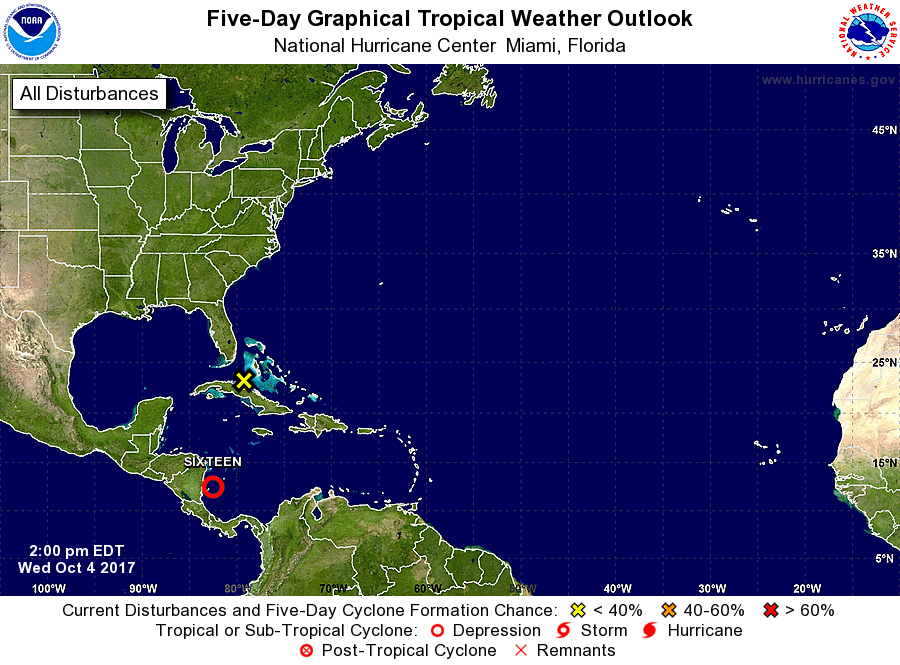
For the North Atlantic...Caribbean Sea and the Gulf of Mexico:

The National Hurricane Center is issuing advisories on newly formed Tropical Depression Sixteen, located over the southwestern Caribbean Sea.

1. A trough of low pressure located over west-central Cuba and extending northward into the Straits of Florida is producing a broad area of disorganized showers and thunderstorms across the southern peninsula of Florida, the northwestern Bahamas, and the adjacent Atlantic waters. Although significant tropical development of this system is still not expected due to strong upper-level winds, brief squalls will likely produce locally heavy rainfall and strong gusty winds over portions of the Bahamas and the southern Florida peninsula during the next couple of days.
* Formation chance through 48 hours...low...near 0 percent.
* Formation chance through 5 days...low...near 0 percent.

Public Advisories on Tropical Depression Sixteen are issued under WMO header WTNT31 KNHC and under AWIPS header MIATCPAT1. Forecast/Advisories on Tropical Depression Sixteen are issued under WMO header WTNT21 KNHC and under AWIPS header MIATCMAT1.

Forecaster Blake